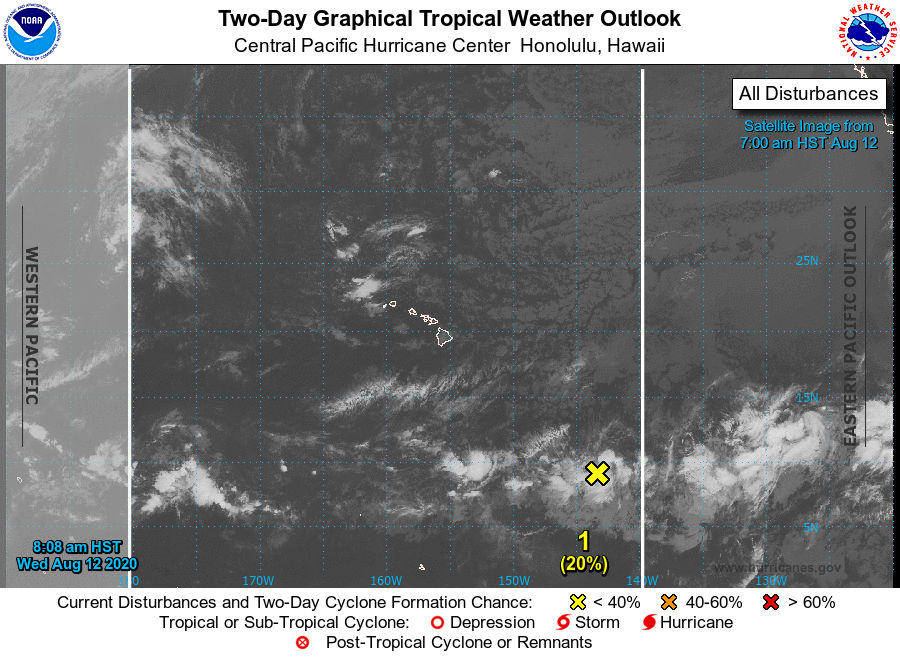
For the central North Pacific...between 140W and 180W:

1. An area of disturbed weather has formed about 1100 miles east-southeast of Hilo. Some subsequent gradual development of this system is possible later this week while the system moves slowly westward in the central Pacific basin.
* Formation chance through 48 hours...low...20 percent.
* Formation chance through 5 days...low...30 percent.

Elsewhere, no tropical cyclones are expected during the next 5 days.

Forecaster Donaldson